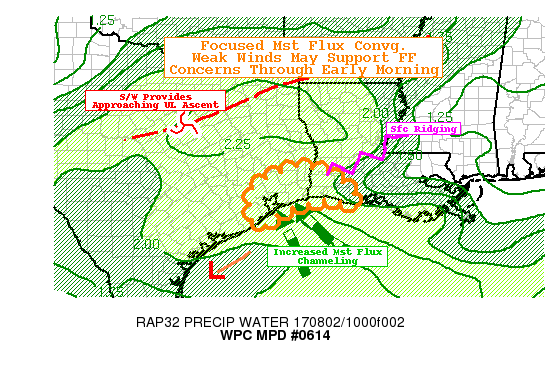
AREAS AFFECTED...SOUTHEAST TX...SOUTHWEST LA

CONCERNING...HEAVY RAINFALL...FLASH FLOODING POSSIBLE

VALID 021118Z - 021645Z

SUMMARY...EXPECTED INCREASE IN ONSHORE BANDED CONVECTIVE CELLS
POSING RISK FOR FLASH FLOODING PARTICULARLY IN URBAN SETTINGS.

DISCUSSION...EXPERIMENTAL GOES-16 10.3UM IR DEPICTS A FEW NW-SE
SHALLOW CU BANDS WITH PERCOLATING TOPS THAT PRESENT THE SUGGESTION
THAT THE CAP HAS WEAKENED SUFFICIENTLY FOR FURTHER GROWTH AND
EXPANSION IN COVERAGE IN THE NEXT FEW HOURS.
RECENT SURFACE ANALYSIS ALSO SHOWS MODEST 1013 LOW OFF THE CENTRAL
TX COAST WITH SUBTLE BUT IMPORTANT SURFACE RIDGING ACROSS S
CENTRAL LA.  THIS PROVIDES A EXCELLENT CORRIDOR FOR MOISTURE
ADVECTION AND LOCALIZED INCREASE IN ONSHORE FLOW FOCUSED ON THE
UPPER TX COAST.

CIRA LAYERED PW DOES SUGGEST THAT THE NARROW RELATIVELY DRY LAYER
SEEN IN 00Z SOUNDING FROM LCH HAS BEGUN TO MOISTEN WITH THE
APPROACH OF RETURN MID-UPPER LEVEL FLOW WITH 7-3H PWS SINKING
SOUTHWARD PINCHING OUT THE DRY ZONE NEAR/NORTH OF THE COAST.
ADDITIONALLY...SUB-8H FLOW IS QUITE MOIST AS WELL WITH LOW 60S
850MB TDS AND LOW 70S AT THE SURFACE.  AS SUCH TPWS ARE JUST ABOVE
2.0" SUPPORTING WARM CLOUD/RAINFALL EFFICIENCY FOR THESE
DEVELOPING CELLS.

GOES-WV DOES SUGGEST SLOW SOUTHWARD DRIFT OF SHORTWAVE IN N TX
WILL AT LEAST PROVIDE GLANCING MID TO UPPER LEVEL
SUPPORT/EVACUATION FOR DEEPER ASCENT...WHILE ALSO PROVIDING SLOW
BUT EASTWARD CELL MOTIONS.  WITH STRONGER LOW LEVEL SUPPORT
PROPAGATION VECTORS ARE LIKELY TO SUPPORT SOME BACKBUILDING WHILE
AT THE SAME TIME ALLOWING FOR CONCENTRATION OF THE ONSHORE
CORRIDOR TO FOCUS IN THE UPPER TX COAST.  THIS MAY SUPPORT
ADDITIONAL ASCENT ON THE EASTERN SIDE WHERE FLOW/CELL MOTIONS
SUPPORT SLIGHT ANTICYCLONIC CONVERGENCE.   RAP/HI-RES GUIDANCE ARE
FAIRLY AGGRESSIVE IN STRENGTH/RAINFALL EFFICIENCY WITH RATES UP TO
2-2.5"/HR POSSIBLE.

SOME LIMITING FACTORS...MAINLY THE OVERALL DRY PATTERN OVER THE
LAST FEW WEEKS HAS LEFT GROUND CONDITIONS MORE SUPPORTIVE OF
ABSORBING/WITHSTANDING THE MAGNITUDES OF UP TO 2.5"/HR AND TOTALS
IN THE 2-4" RANGE.  OVERALL COVERAGE IS ALSO SUGGESTED BY GUIDANCE
TO BE LIMITED...EITHER WITH ONE CONSOLIDATING BAND OR MODERATELY
SCATTERED CONVECTIVE CORES...THINKING THE PRIOR IS MORE LIKELY AT
THIS TIME BUT THERE IS SOME LOWERED CONFIDENCE IN PRECISE
EVOLUTION.

ALL CONSIDERED THERE REMAINS SUFFICIENT ENVIRONMENTAL AND GUIDANCE
SUPPORT TO SUGGEST FLASH FLOODING IS POSSIBLE THROUGH THE EARLY
MORNING HOURS...PARTICULARLY IN URBAN/TRADITIONAL SLOW DRAINING
AREAS.